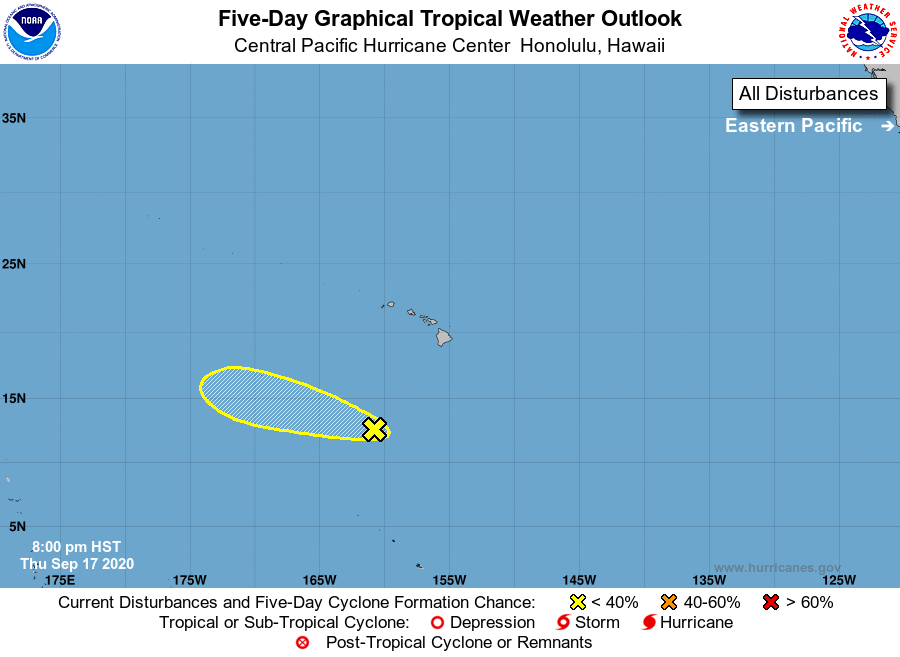
For the central North Pacific...between 140W and 180W:

1. Disorganized showers and thunderstorms associated with an elongated area of low pressure are located around 630 miles south-southwest of Honolulu, Hawaii. Environmental conditions are becoming less conducive for the development of this system as it moves west-northwestward at 15 mph.
* Formation chance through 48 hours...low...20 percent.
* Formation chance through 5 days...low...20 percent.

Elsewhere, no tropical cyclones are expected during the next 5 days.

Forecaster Blood